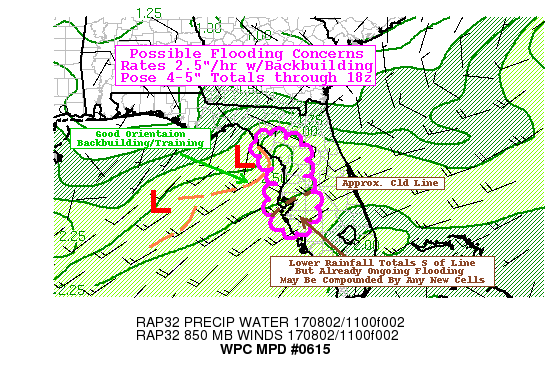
AREAS AFFECTED...WESTERN FL PENINSULA

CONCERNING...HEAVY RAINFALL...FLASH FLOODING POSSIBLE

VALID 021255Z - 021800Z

SUMMARY...MULTIPLE BOUTS OF HIGHLY EFFICIENT RAINFALL MAY POSE
FLOODING CONCERN.  POTENTIAL FOR THUNDERSTORMS NEAR FLOODED ZONES
SOUTH OF  TAMPA BAY.

DISCUSSION...EXPERIMENTAL GOES-16 VISIBLE LOOP DEPICTS A CLOSED
SURFACE WAVE JUST WEST OF CEDAR KEY.  WHILE ONSHORE STATIONS
DEPICT TYPICAL MORNING PRESSURE RISES...BOUYS OFFSHORE INDICATE
ONLY MINOR RISES OR NEAR STEADY CONDITIONS SUGGESTING EARLY
CONVECTIVE ROUND SUPPORTED FURTHER STRENGTHENING OF THE LOW.  AS
SUCH ORIENTATION OF EFFECTIVE TROPICAL WARM CONVEYOR ON THE
SOUTH/SOUTHEAST PERIPHERY IS STRONGER THAN EXPECTED SUPPORTING
INCREASED MOISTURE FLUX AND INCREASED FRICTIONAL SURFACE
CONVERGENCE IN/ALONG THE COASTAL REGION.  12Z RAOBS IN JAX/TBW
ALSO SHOW NEARLY SATURATED PROFILES BELOW 5H WITHIN THE
CONVEYOR...MATCHING CIRA LAYERED PW TRENDS/MAGNITUDES TO SUPPORT
TPWS OVER 2.25".  GIVEN DEEP WARM CLOUD PROCESSES RAINFALL RATES
IN EXCESS OF 2.5"/HR ARE LIKELY WITH EXTREME RATES OVER 3-4"/HR
POSSIBLE.

GIVEN THE STRONG SFC CONVERGENCE AND INSTABILITY WELL LOCATED
OFFSHORE (SBCAPES AT ABOVE 3500 J/KG)... RECENT NEW CONVECTIVE
DEVELOPMENT OFF SHORE CITRUS/HERNANDO COUNTIES PER VISIBLE/10.3UM
IR SHOWING RAPID COOLING...WHICH EXTENDS FURTHER UPSTREAM ALONG
THE CONVEYOR TOWARD A SECONDARY DEVELOPING INFLECTION NEAR
27.9N86.1W.  THE ORIENTATION AND STRENGTH OF FLOW A LIKELY TO
SUPPORT FAVORED ORIENTATION AND BACKBUILDING TO ALLOW FOR MULTIPLE
BOUTS OF THESE HIGHLY EFFICIENT THUNDERSTORMS.  AS SUCH THERE IS
POTENTIAL PARTICULARLY ALONG CITRUS/HERNANDO COUNTIES TO HAVE 4-5"
TOTALS WITH ISOLATED THREAT OVER 6" IN THE NEXT 6HRS NOT OUT OF
THE QUESTION.  LIMITING FACTOR IS THE TRADITIONAL ABILITY OF THIS
AREA TO ABSORB THESE TYPES OF RATES AS FFG VALUES ARE ABOVE 3 TO
4" IN 1HR TO 3HR RESPECTFULLY...ESPECIALLY THE AREAS REMAINS
RELATIVELY DRY PER AHPS 7-14 DAY ANOMALY PLOTS.  STILL THE
MAGNITUDE WARRANTS AT LEAST A POSSIBLE THREAT FOR FLOODING
CONDITIONS BY 18Z.

SOUTH OF TAMPA BAY...CURRENT ORIENTATION TO THE NARROW WARM
CONVEYOR PLACES LIMITED CONCERN ACROSS AREAS CURRENTLY
EXPERIENCING FLOODING PER AHPS.  HOWEVER...THERE DOES REMAIN SOME
PERIPHERAL SOUTHWESTERLY ONSHORE FLOW FOR MODEST MST CONVERGENCE.
HOWEVER INSTABILITY IS MUCH MORE LIMITED IN THIS AREA (EVEN MORE
SO THAN FURTHER NORTH).  CONCERN HERE IS RECENT VISIBLE IMAGERY
SUGGEST THE CLOUD EDGE MAY ALLOW FOR CLEAR ENOUGH SKIES FOR
INCREASING SOLAR INSOLATION THROUGH THE EARLY MORNING.  IF
SUFFICIENT CONVECTION IS LIKELY TO STILL BE RELATIVELY EFFICIENT.

OF GREATER CONCERN...THE CLOUD EDGE MAY ALLOW FOR SW-NE ORIENTED
DIFFERENTIAL HEATING BOUNDARY THAT IS ALIGNED WITH MEAN CLOUD
BEARING FLOW SUGGESTIVE OF TRAINING OF ANY CELLS THAT WOULD
DEVELOP.  THE THREAT FOR FLASH FLOODING IS ONLY CONSIDERED
POSSIBLE HERE AS THERE IS STILL MODERATE REDUCTION IN CONFIDENCE
ON CONVECTIVE INITIATION...BUT IF IT DOES THE THREAT FOR ENHANCED
FLOODING/FLASH FLOODING CONDITIONS MAY BE IMMEDIATE.